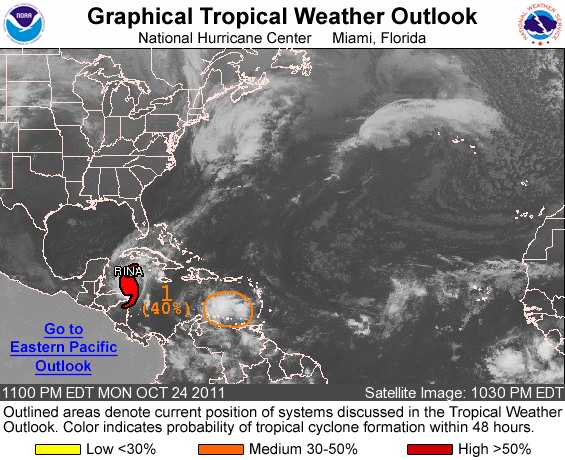
FOR THE NORTH ATLANTIC...CARIBBEAN SEA AND THE GULF OF MEXICO...

THE NATIONAL HURRICANE CENTER IS ISSUING ADVISORIES ON HURRICANE RINA...LOCATED ABOUT 200 MILES SOUTHWEST OF GRAND CAYMAN.

1. THUNDERSTORM ACTIVITY HAS INCREASED AND BECOME A LITTLE BETTER ORGANIZED IN ASSOCIATION WITH A LOW PRESSURE SYSTEM LOCATED OVER THE SOUTHEASTERN CARIBBEAN SEA ABOUT 200 MILES EAST OF BONAIRE. UPPER-LEVEL WINDS ARE GRADUALLY BECOMING MORE CONDUCIVE FOR DEVELOPMENT...AND ENVIRONMENTAL CONDITIONS ARE FORECAST TO BECOME MORE FAVORABLE OVER THE NEXT COUPLE OF DAYS AS THE DISTURBANCE MOVES INTO THE CENTRAL CARIBBEAN SEA. THIS SYSTEM HAS A MEDIUM CHANCE... 40 PERCENT...OF BECOMING A TROPICAL CYCLONE DURING THE NEXT 48 HOURS AS IT MOVES WEST-NORTHWESTWARD AT 15 TO 20 MPH. REGARDLESS OF DEVELOPMENT...LOCALLY HEAVY RAINFALL AND GUSTY WINDS ARE EXPECTED ACROSS ARUBA...BONAIRE...AND CURACAO THROUGH TONIGHT. FOR ADDITIONAL INFORMATION SPECIFIC TO YOUR AREA...PLEASE SEE STATEMENTS ISSUED BY YOUR LOCAL WEATHER OFFICE.

ELSEWHERE...TROPICAL CYCLONE FORMATION IS NOT EXPECTED DURING THE NEXT 48 HOURS.

FORECASTER STEWART